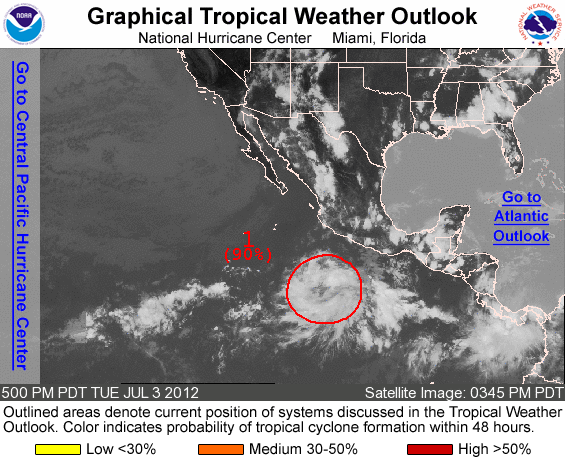
FOR THE EASTERN NORTH PACIFIC...EAST OF 140 DEGREES WEST LONGITUDE..

1. SHOWERS AND THUNDERSTORMS ASSOCIATED WITH A LOW PRESSURE AREA LOCATED ABOUT 500 MILES SOUTH OF MANZANILLO MEXICO CONTINUE TO SHOW SIGNS OF ORGANIZATION...AND THE SYSTEM COULD BECOME A TROPICAL DEPRESSION AT ANY TIME. THIS SYSTEM HAS A HIGH CHANCE...90 PERCENT...OF BECOMING A TROPICAL CYCLONE DURING THE NEXT 48 HOURS AS IT MOVES WEST-NORTHWESTWARD AT ABOUT 10 MPH.

ELSEWHERE...TROPICAL CYCLONE FORMATION IS NOT EXPECTED DURING THE NEXT 48 HOURS.

FORECASTER CANGIALOSI/PASCH